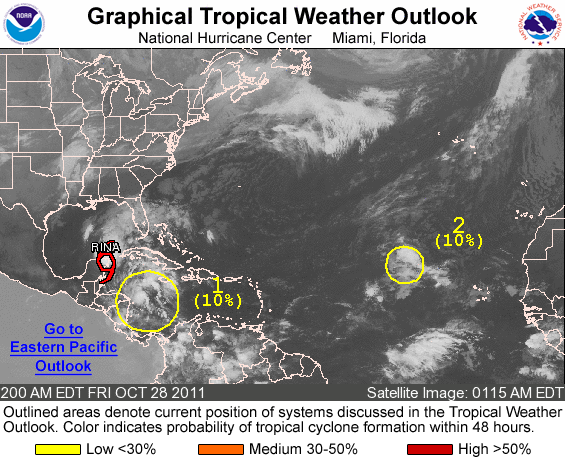
FOR THE NORTH ATLANTIC...CARIBBEAN SEA AND THE GULF OF MEXICO...

THE NATIONAL HURRICANE CENTER IS ISSUING ADVISORIES ON TROPICAL STORM RINA...LOCATED ABOUT 15 MILES WEST OF CANCUN MEXICO.

1. SHOWERS AND THUNDERSTORMS OVER THE WEST-CENTRAL CARIBBEAN SEA ARE ASSOCIATED WITH A BROAD AREA OF LOW PRESSURE. DEVELOPMENT OF THIS DISTURBANCE...IF ANY...SHOULD BE SLOW TO OCCUR AS IT DRIFTS NORTHWESTWARD. THIS SYSTEM HAS A LOW CHANCE...10 PERCENT...OF BECOMING A TROPICAL CYCLONE DURING THE NEXT 48 HOURS.

2. A LOW PRESSURE SYSTEM OVER THE EASTERN ATLANTIC ABOUT 850 MILES WEST-NORTHWEST OF THE CAPE VERDE ISLANDS IS PRODUCING A SMALL AREA OF SHOWERS AND THUNDERSTORMS. UPPER-LEVEL WINDS ARE EXPECTED TO BE MARGINALLY CONDUCIVE FOR DEVELOPMENT OVER THE NEXT COUPLE OF DAYS. THIS SYSTEM HAS A LOW CHANCE...10 PERCENT...OF BECOMING A TROPICAL CYCLONE DURING THE NEXT 48 HOURS AS IT MOVES WEST-NORTHWESTWARD AT 5 TO 10 MPH.

ELSEWHERE...TROPICAL CYCLONE FORMATION IS NOT EXPECTED DURING THE NEXT 48 HOURS.

FORECASTER CANGIALOSI/STEWART